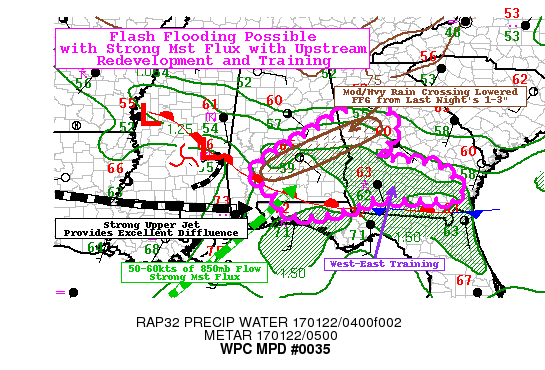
AREAS AFFECTED...SOUTHEAST AL...SOUTHERN GA...WESTERN FL PANHANDLE

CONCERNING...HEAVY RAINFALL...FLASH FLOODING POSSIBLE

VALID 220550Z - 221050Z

SUMMARY...BROAD LARGE SCALE ASCENT WITH EMBEDDED CONVECTIVE CELLS
MAY ALIGN FOR SHORT DURATIONS OF TRAINING PARTICULARLY OVER AREAS
OF SATURATED SOILS FROM YESTERDAY'S RAINFALL.

DISCUSSION...WV LOOP DENOTES STRONG IMPULSE WITH WARMING TEMPS
CROSSING S MS ATTM WITH A TRAILING SW-NE LOW TO MID-LEVEL SURGE
EXTENDING BACK ACROSS THE MOUTH OF THE MS RIVER.  THIS
STRENGTHENING OF LOW LEVEL SWLY FLOW WILL STRENGTHEN LOW LEVEL JET
THAT IS ORIENTED NEARLY ORTHOGONAL TO THE WARM FRONT CROSSING SW
AL BEFORE IT FLATTENS E-W ALONG THE FL/GA LINE.  AS SUCH CONTINUED
UPSTREAM DEVELOPMENT WITHIN THE WARM SECTOR WILL CROSS THE WARM
FRONT ISENTROPICALLY SUPPORTING FURTHER ELEVATED CONVECTION ACROSS
SE AL INTO SW GA FURTHER COMPOUNDING ONGOING FLOODING CONDITIONS
THERE.  NEARER THE CENTER OF THE WAVE INCREASING CONVECTION IN
BROADER DIFFLUENT FLOW ACROSS SOUTH CENTRAL AL IS GENERATING
EXPANDING BROAD SHIELD OF PRECIPITATION WITH EMBEDDED CONVECTIVE
ELEMENTS...THIS AREA CONTINUES TO COOL IN IR AS IT LIFTS
NORTHEAST.  IN DOING SO...THE INCREASINGLY EFFICIENT RAINFALL AREA
WILL CROSS AREAS OF EAST CENTRAL AL INTO W CENTRAL GA WHERE FFG
VALUES HAVE BEEN LESSENED FROM MGM TO FFC ALONG I-85 AS WELL AS
EAST TOWARD LFS WHERE 2-3" FELL LAST NIGHT.  AS THE CELLS LIFT
NORTHEAST INTO MORE STABLE AIR IN CENTRAL GA...CONVECTION SHOULD
WANE AND REDUCE IN RAINFALL RATES AND TOTALS.  HOWEVER...EXTENDED
MPD AREA OF CONCERN TO ENCOMPASS THE ATLANTA METRO ON THE LOWER
POSSIBILITY THAT THE FORCING NEAR THE APEX OF THE SHORTWAVE MAY
CROSS THE VICINITY WITH MODERATE RATES IN AN URBAN SETTING POSING
SOME FLOODING CONCERNS.

ACROSS S GA...SOME EMBEDDED ELEVATED SUPERCELLS CONTINUE TO TRACK
EAST NORTH OF THE E-W FRONTAL ZONE WITH SLIGHTLY SLOWER EASTWARD
PROGRESS AND LOCALIZED INCREASED FLOW...UPDRAFTS CONTINUE TO BE
QUITE EFFICIENT RAINFALL PRODUCERS WITH EOX RADAR SUGGESTING
1.5-2"/HR RATES WITH LIMITED HAIL CONTAMINATION BASED ON HCA. MID
TO UPPER LEVEL STEERING FLOW IS A BIT MORE WESTERLY ALLOWING FOR
ADDITIONAL TRAINING OF UPDRAFT CORES POSING CONTINUED FLASH
FLOODING THREAT.  THIS IS FURTHER COMPOUNDED GIVEN THE BROAD
ISENTROPIC ASCENT ACROSS THE BOUNDARY TO ACTIVATE CONVECTION
UPSTREAM OF THESE CELLS TO PROLONG TRAINING SETUP INTO SE GA